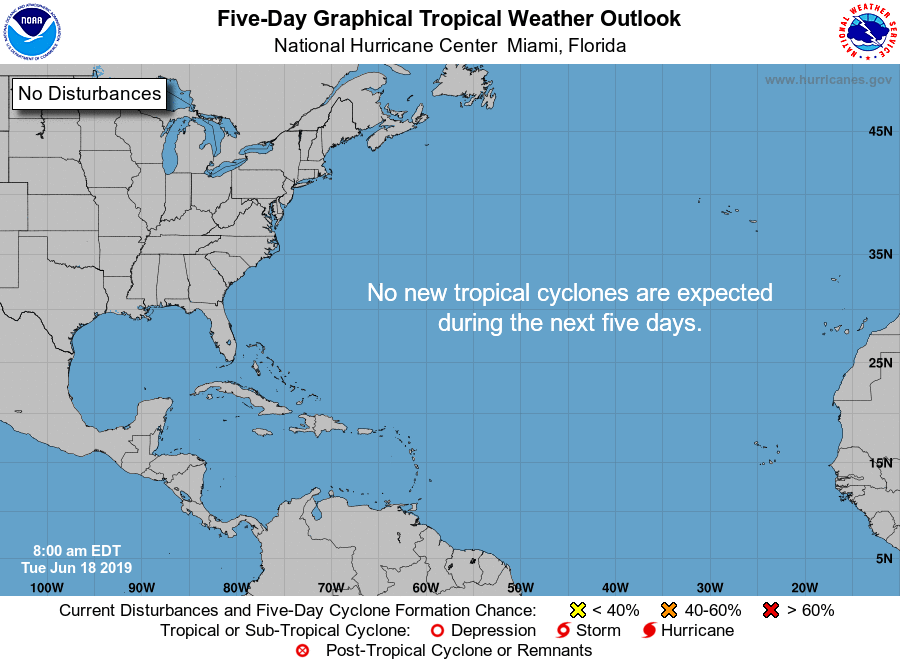
For the North Atlantic...Caribbean Sea and the Gulf of Mexico:

Tropical cyclone formation is not expected during the next 5 days.

Forecaster Stewart